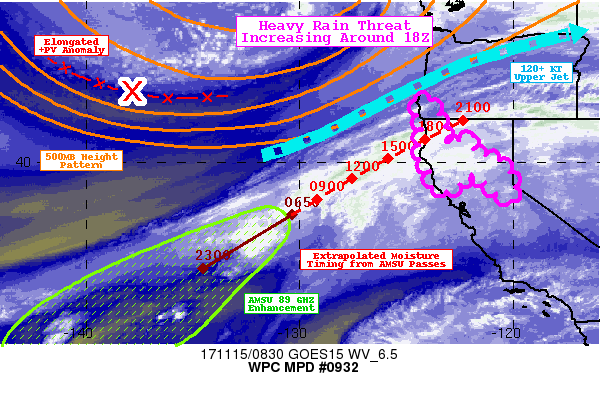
AREAS AFFECTED...NRN CALIFORNIA...FAR SW OREGON

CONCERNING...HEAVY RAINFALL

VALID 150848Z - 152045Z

SUMMARY...A SURGE OF MOISTURE ASSOCIATED WITH A DEVELOPING
ATMOSPHERIC RIVER EVENT WILL ARRIVE IN NORTHERN CALIFORNIA AND FAR
SOUTHWEST OREGON AROUND 18Z (10 AM PST). THE THREAT OF HEAVY RAIN
SHOULD INCREASE AROUND THAT TIME...WITH RAIN RATES AROUND 0.5
IN/HR DEVELOPING IN SOME AREAS BETWEEN 18Z AND 21Z...ESPECIALLY IN
COASTAL RANGES...KLAMATH MOUNTAINS...AND THE NORTHERN SIERRAS.

DISCUSSION...AN ATMOSPHERIC RIVER EVENT IS LIKELY TO DEVELOP OVER
THE NEXT 12 HOURS AS INCREASING SOUTHWESTERLY FLOW AHEAD OF AN
APPROACHING COLD FRONT AND DIGGING UPPER-LEVEL TROUGH DRAWS DEEPER
MOISTURE NORTHEAST INTO THE PACIFIC COAST. EXTRAPOLATION OF TRENDS
IN THE 89 GHZ CHANNEL FROM SUCCESSIVE AMSU PASSES (AT 23Z AND 05Z)
SUGGESTS THE ARRIVAL OF DEEPER MOISTURE CAN BE EXPECTED ALONG THE
SRN OREGON AND NRN CALIFORNIA COAST AROUND 18Z. THIS WAS BASED ON
AN ENHANCEMENT IN THE 89 GHZ CHANNEL...AND IS ALSO EVIDENT IN CIRA
BLENDED TPW PRODUCTS WHICH SHOW PWATS ON THE ORDER OF 1.3 TO 1.5
INCHES IN THE SAME AREA. THE DIGGING TROUGH...AND IN PARTICULAR AN
ELONGATED +PV ANOMALY EVIDENT IN A CHANNEL OF WARMER BRIGHTNESS
TEMPERATURES ON GOES-15 WV IMAGERY AROUND 43N/138W...SHOULD DRIVE
THE FORMATION OF THE ATMOSPHERIC RIVER EVENT. AS THE LOBE OF
HIGHER PV DIGS...WINDS SHOULD RESPOND AND INCREASE WITH A STRONG
UPPER LEVEL JET CORE LIKELY TO DEVELOP OVER OREGON. FAVORABLE JET
DYNAMICS IN THE RIGHT ENTRANCE REGION SHOULD CONTRIBUTE TO
SYNOPTIC SCALE LIFT ACROSS MUCH OF THE OUTLINED AREA.
FURTHERMORE...STRONG LOW-LEVEL FLOW IS ALSO EXPECTED WITH 850MB
WINDS REACHING 50-60 KNOTS NEAR A LOW-LEVEL WAVE DEVELOPING NEAR
AN INFLECTION POINT ON THE COLD FRONT (AND NEAR THE REGION OF
HIGHEST PWATS).

THE STRONGEST LOW-LEVEL FLOW MAY ARRIVE LARGELY AFTER THE VALID
TIME OF THIS DISCUSSION (21Z OR LATER)...BUT INCREASING LOW-LEVEL
SOUTHWESTERLIES SHOULD FAVORABLY INTERCEPT TERRAIN FEATURES (AT A
NEAR PERPENDICULAR ANGLE IN MANY CASES) GENERATING STRONG
OROGRAPHIC LIFT IN ADDITION TO THE BROADER SYNOPTIC LIFTING
MECHANISMS. INTEGRATED VAPOR TRANSPORT MAGNITUDES IN THE CORE OF
THE ATMOSPHERIC RIVER SHOULD BE NEAR THE 99TH PERCENTILE
CLIMATOLOGICALLY FOR NOVEMBER IN NORTHERN AND CENTRAL CALIFORNIA.

RAIN RATES APPEAR LIKELY TO BEGIN IN THE 0.10 TO 0.25 IN/HR RANGE
IN THE MID-LATE MORNING AS THE LEADING PERIPHERY OF DEEPER
MOISTURE BEGINS TO ARRIVE. AS LOW-LEVEL FLOW INCREASES
SUBSTANTIALLY (IN CONCERT WITH A CONTINUED INCREASE IN ATMOSPHERIC
MOISTURE) AFTER 18Z...RAIN RATES SHOULD TICK UP AS WELL. HREF
BLENDED MEAN 1-HR RAIN RATES START TO APPROACH 0.5 IN/HR IN THE
18-21Z TIME FRAME...PARTICULARLY IN FAVORED UPSLOPE REGIONS OF THE
NORTHERN CALIFORNIA COASTAL RANGES AND IN THE NORTHERN SIERRAS.
RAIN RATES WELL OFFSHORE WITH THE PLUME OF HIGHER PWATS WERE
ESTIMATED TO BE AS HIGH AS 0.25 IN/HR IN THE BLENDED RAIN RATES
FROM POLAR ORBITING SATELLITES...AND DOUBLE THESE VALUES AS THE
MOISTURE PLUME REACHES SHORE ALSO SEEMS REASONABLE. THE 00Z HREF
INDICATES THE HIGHEST PROBABILITY OF SUCH RAIN RATES BEING
ACHIEVED PRIOR TO 21Z IN THE COASTAL RANGES FROM NEAR WILLOW CREEK
SOUTH TO NEAR THE REDWOOD VALLEY BURN SCAR...AND IN THE NORTHERN
SIERRAS FROM NEAR LASSEN PEAK SOUTH TO NEAR THE I-80 CORRIDOR.